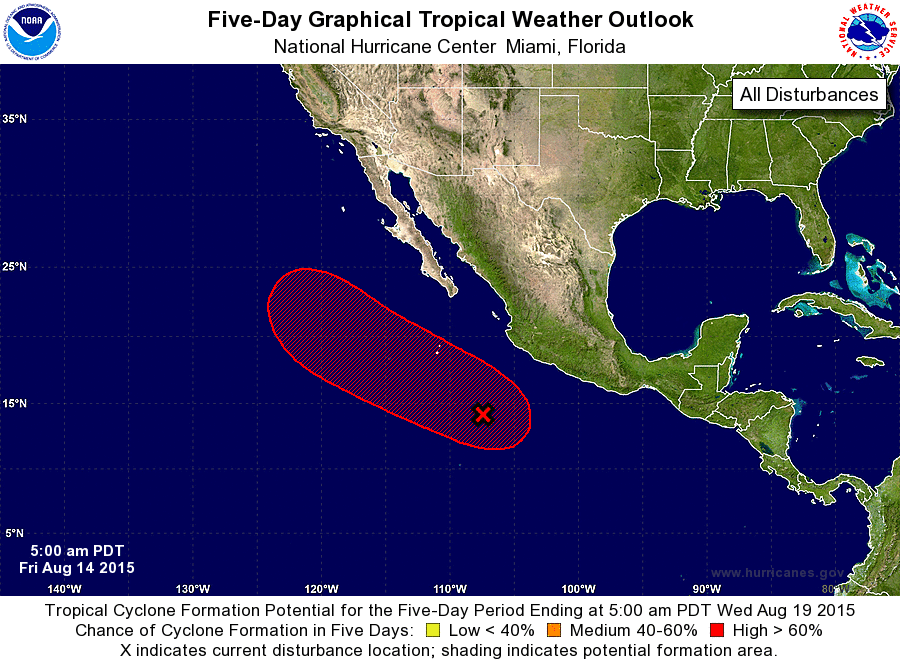
For the eastern North Pacific...east of 140 degrees west longitude:

1. An area of low pressure centered about 350 miles south-southwest of Manzanillo, Mexico, is gradually becoming better defined while the shower activity is also increasing. Environmental conditions are conducive for a tropical depression to form from this system over the weekend while it moves west-northwestward at 10 to 15 mph well offshore the coast of Mexico.
* Formation chance through 48 hours...high...70 percent
* Formation chance through 5 days...high...90 percent

Forecaster Avila